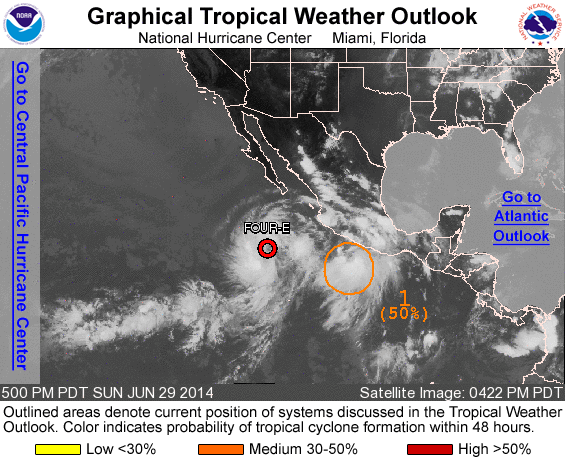
For the eastern North Pacific...east of 140 degrees west longitude:

The National Hurricane Center is issuing advisories on Tropical Depression Four-E, located several hundred miles south-southwest of the southern tip of the Baja California peninsula of Mexico.

1. Showers and thunderstorms associated with an area of low pressure located about 140 miles south of Zihuatanejo, Mexico, have become better organized today. Although upper-level winds are not particularly conducive for additional development, only a slight increase in organization could result in the formation of a tropical depression during the next day or so. Later this week, upper-level winds could become a little more favorable for development while the system moves west-northwestward at about 10 mph.
* Formation chance through 48 hours...medium...50 percent.
* Formation chance through 5 days...high...60 percent.

Forecaster Brown